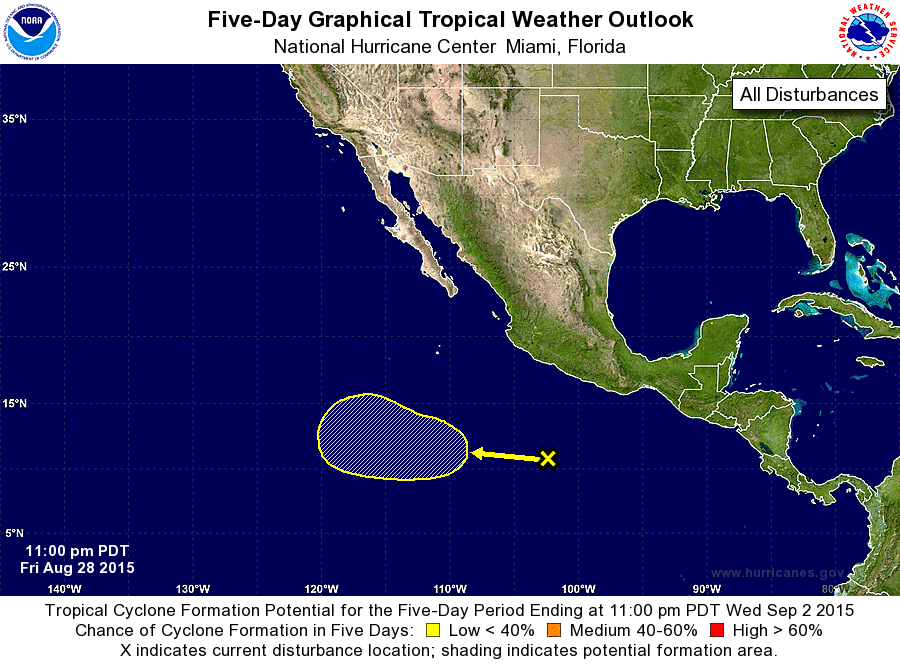
For the eastern North Pacific...east of 140 degrees west longitude:

The National Hurricane Center is issuing advisories on Hurricane Jimena, located more than 1000 miles southwest of the southern tip of the Baja California peninsula.

1. A broad area of low pressure located several hundred miles south- southeast of Manzanillo, Mexico, is producing disorganized showers and thunderstorms. Environmental conditions could be conducive for some development of this low next week while it moves toward the west at about 10 mph.
* Formation chance through 48 hours...low...near 0 percent
* Formation chance through 5 days...low...30 percent

Forecaster Blake